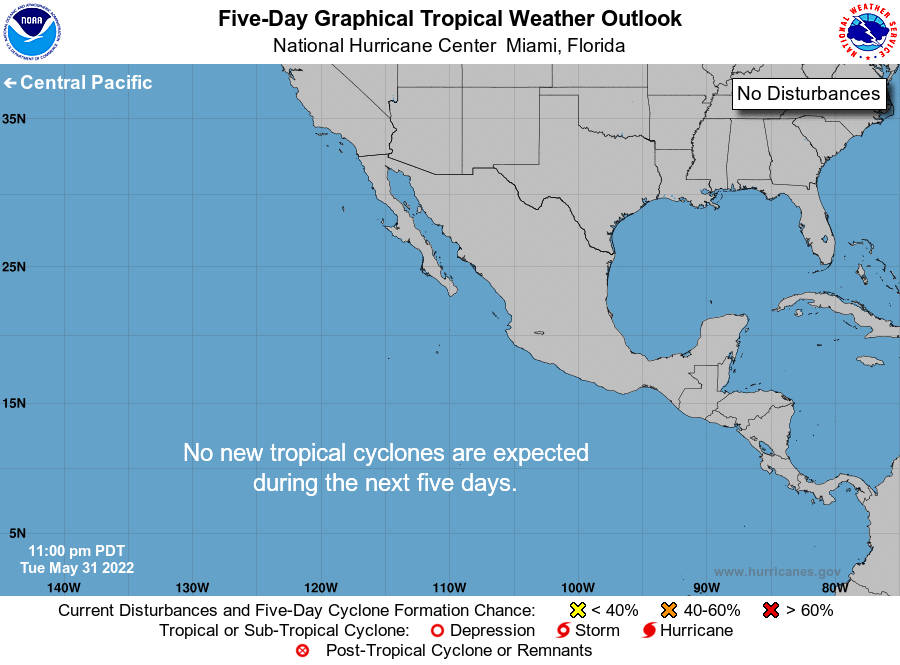
For the eastern North Pacific...east of 140 degrees west longitude:

Tropical cyclone formation is not expected during the next 5 days.

Forecaster Papin